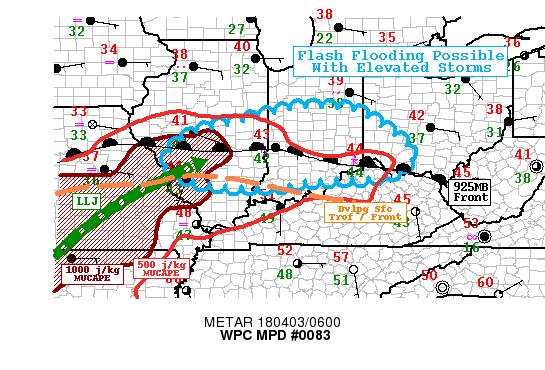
AREAS AFFECTED...SC ILLINOIS...SRN/CTRL INDIANA...SW OHIO...FAR
NRN KY

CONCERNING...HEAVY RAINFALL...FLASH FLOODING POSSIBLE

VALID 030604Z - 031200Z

SUMMARY...ELEVATED THUNDERSTORMS WILL CONTINUE TO BECOME MORE
NUMEROUS EARLY THIS MORNING AND MAY POSE A FLASH FLOOD THREAT.
HOURLY RAINFALL RATES MAY REACH AROUND 1 IN/HR...WITH RAINFALL
TOTALS REACHING 2-3 INCHES IN THE HEAVIEST RAIN BANDS.

DISCUSSION...ELEVATED THUNDERSTORMS CONTINUE TO BLOSSOM FROM FAR
EASTERN MISSOURI INTO SOUTH-CENTRAL ILLINOIS AS OF 06Z PER
SATELLITE AND RADAR OBSERVATIONS. GOES EAST IR SATELLITE SHOWED
RELATIVELY LIMITED COVERAGE OF COLD CLOUD TOPS AS RECENTLY AS
03Z...BUT OVER THE PAST THREE HOURS CLOUD TOPS COLDER THAN -40C
HAVE MARKEDLY INCREASED IN AREAL EXTENT WITH CONTINUED COOLING
(MIN VALUES NOW AROUND -70C) AND SIGNIFICANT AMOUNTS OF LIGHTNING
OVER ILLINOIS. THESE ARE ALL SIGNALS THAT THE CONVECTION IS
BEGINNING TO FULLY REALIZE THE APPROX 1000 J/KG OF MUCAPE
AVAILABLE. STORMS ARE UNDOUBTEDLY ELEVATED WITH SURFACE
TEMPERATURES AND DEWPOINTS MERELY IN THE 40S...AND PARTS OF THE
REGION HAVING JUST RECEIVED SNOWFALL IN THE PAST 24-36 HOURS. THE
EFFECTIVE INFLOW LAYER LOOKS TO BE AROUND 900-850MB PER A VARIETY
OF MODEL FORECAST SOUNDINGS...AND OBJECTIVE RAP ANALYSIS SHOWED
INCREASING FRONTOGENESIS IN THAT SAME LAYER FROM CTRL MISSOURI
INTO SC ILLINOIS ON THE NOSE OF THE LOW-LEVEL JET. THE COMBINATION
OF IMPROVING LOW-LEVEL FORCING AND SUBSTANTIAL ELEVATED
INSTABILITY SHOULD ALLOW THUNDERSTORMS TO CONTINUE TO DEVELOP AND
ORGANIZE ACROSS THE REGION.

THE INFLOW REGION OVER SRN MISSOURI AND NRN ARKANSAS IS
CHARACTERIZED BY PRECIPITABLE WATER VALUES AROUND 1.1 TO 1.2
INCHES (PER RAP ANALYSIS AND GPS-PW OBS). WHILE THESE VALUES ARE
NOT EXTREMELY HIGH...THEY ARE ABOVE NORMAL FOR THIS TIME OF
YEAR...AND WHERE THEY EXTEND INTO THE IMMEDIATE VICINITY OF THE
OHIO RIVER ARE ROUGHLY IN THE 80-90TH PERCENTILE. THE LACK OF
SUBSTANTIALLY HIGHER PWS MAY LIMIT THE MAXIMUM HOURLY RAIN RATES
SOMEWHAT CLOSER TO 1 IN/HR. HOWEVER...GIVEN THE ABUNDANCE OF
DEVELOPING STORMS IN THE PAST FEW HOURS...TRAINING CONVECTION
SEEMS LIKELY AND MAY LEAD TO SEVERAL INCHES OF RAIN IN JUST 2-4
HOURS IN THE HEAVIEST RAIN BANDS. 3-HR FLASH FLOOD GUIDANCE ACROSS
MUCH OF THE OUTLINED DISCUSSION AREA IS AROUND OR JUST BELOW 2
INCHES...WHICH SEEMS ACHIEVABLE GIVEN HI-RES MODEL FORECASTS AND
RADAR TRENDS. FURTHERMORE...SNOW MELT FROM YESTERDAY SHOULD HAVE
ADDED TO THE MOISTURE LEVELS IN THE TOP LAYERS OF THE SOIL...AND
THE NATIONAL WATER MODEL SHOWS ELEVATED SOIL MOISTURE LEVELS AND
STREAMFLOW VALUES ACROSS MUCH OF THE SAME AREA. THEREFORE...FLASH
FLOODING WILL BE POSSIBLE WHERE HEAVIER RAIN CAN PERSIST FOR AT
LEAST A COUPLE HOURS.